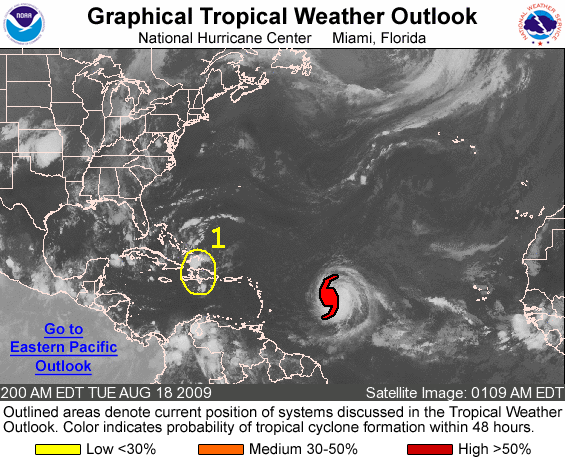
FOR THE NORTH ATLANTIC...CARIBBEAN SEA AND THE GULF OF MEXICO...

THE NATIONAL HURRICANE CENTER IS ISSUING ADVISORIES ON HURRICANE BILL...LOCATED ABOUT 865 MILES EAST OF THE LESSER ANTILLES. THE HYDROMETEOROLOGICAL PREDICTION CENTER HAS ISSUED ITS LAST ADVISORY ON TROPICAL DEPRESSION CLAUDETTE...LOCATED INLAND OVER NORTHEASTERN MISSISSIPPI.

1. DISORGANIZED SHOWERS AND THUNDERSTORMS ASSOCIATED WITH THE REMNANTS OF TROPICAL DEPRESSION ANA EXTEND FROM THE NORTH CENTRAL CARIBBEAN SEA ACROSS HISPANIOLA TO THE SOUTHEASTERN BAHAMAS. THIS ACTIVITY IS MOVING TOWARD THE WEST AT 20 TO 25 MPH AND SHOWS NO SIGNS OF REGENERATION AT THIS TIME. THERE IS A LOW CHANCE...LESS THAN 30 PERCENT...OF THIS SYSTEM BECOMING A TROPICAL CYCLONE DURING THE NEXT 48 HOURS.

ELSEWHERE...TROPICAL CYCLONE FORMATION IS NOT EXPECTED DURING THE NEXT 48 HOURS.

FORECASTER BEVEN